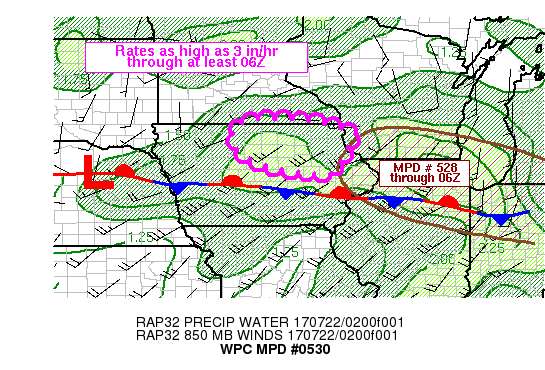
AREAS AFFECTED...NERN TO E-CNTRL IA

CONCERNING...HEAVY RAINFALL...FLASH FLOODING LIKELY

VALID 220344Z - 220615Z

SUMMARY...FLASH FLOODING RAINS WILL CONTINUE TO AFFECT NERN TO
E-CNTRL IA FOR AT LEAST ANOTHER 2-3 HOURS. TRAINING WITH RAINFALL
RATES AS HIGH AS 3 IN/HR WILL BE POSSIBLE.

DISCUSSION...TRENDS IN KARX RADAR REFLECTIVITY SHOWED A WWD
EXPANSION OF TRAINING RAINFALL ACROSS NERN IA...OVERLAPPING SOME
OF THE SAME AREAS WHICH RECEIVED HEAVIER RAINFALL EARLIER IN THE
DAY ON FRIDAY. THIS AXIS IS OCCURRING ALONG THE WRN EDGE OF
MODERATELY STRONG SWLY LOW LEVEL MOISTURE TRANSPORT ATOP A
QUASI-STATIONARY FRONT DRAPED WNW TO ENE ACROSS S-CNTRL IA.
INDIVIDUAL CELLS WITHIN THE GROWING CLUSTER OF ELEVATED CONVECTION
ARE PROPAGATING ESE AT 20-30 KT...PARALLEL TO VERY MOIST 700 MB
FLOW OF SIMILAR MAGNITUDE WITH DEWPOINTS NEAR 8C PER NEARBY
SOUNDINGS FROM 00Z AND RAP ANALYSES.

GIVEN ANOMALOUS MOISTURE WITH PWATS NEAR 2 INCHES AND LARGE
UPSTREAM INSTABILITY OF 3000-5000 J/KG...THE CONVECTION IS
EXPECTED TO CONTINUE FOR AT LEAST THE NEXT COUPLE OF HOURS
ADJACENT TO THE WRN EDGE OF MPD #528 WHICH IS VALID UNTIL 06Z.
BOTH THIS CURRENT MPD AND MPD #528 WILL BE REEVALUATED AND UPDATED
IN A COUPLE OF HOURS AS TRENDS DICTATE. UNTIL THEN...ADDITIONAL
RAINFALL TOTALS OF 3-5 INCHES WILL BE POSSIBLE ACROSS PORTIONS OF
NERN IA WITH THE AXIS POTENTIALLY SHIFTING SOUTH BY 06Z INTO
N-CNTRL TO E-CNTRL IA.